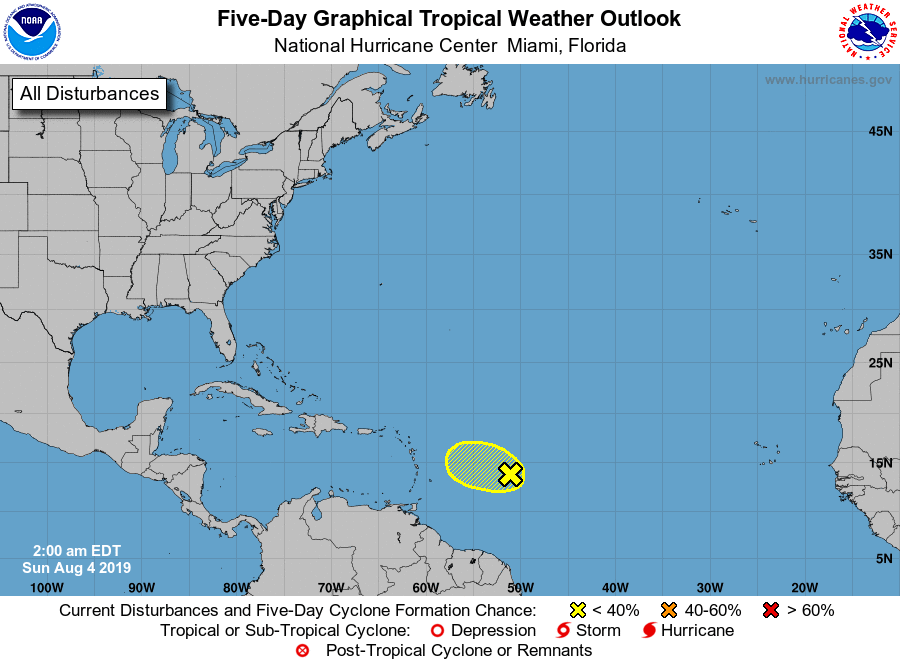
For the North Atlantic...Caribbean Sea and the Gulf of Mexico:

1. A westward-moving tropical wave located several hundred miles east of the Lesser Antilles continues to produce an area of disorganized cloudiness and showers. Environmental conditions are forecast to become less conducive during the next couple of days, and significant development of this system is not anticipated.
* Formation chance through 48 hours...low...10 percent.
* Formation chance through 5 days...low...10 percent.

Forecaster Brown